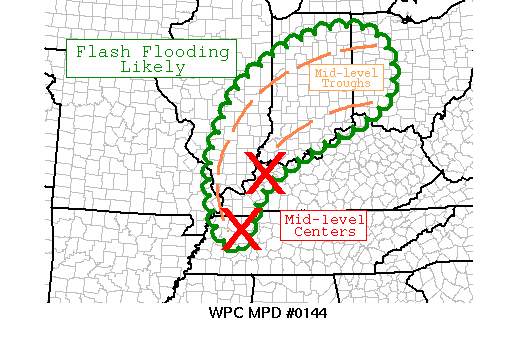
AREAS AFFECTED......OHIO VALLEY...

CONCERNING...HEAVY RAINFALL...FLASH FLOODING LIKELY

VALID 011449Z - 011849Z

SUMMARY...FLASH FLOODING IS LIKELY ACROSS PORTIONS OF THE OHIO
VALLEY DUE TO NEARLY STATIONARY OR SLOW-MOVING HEAVY RAIN AND WET
ANTECEDENT CONDITIONS.

DISCUSSION...A DEEP PLUME OF MOISTURE...WITH PRECIPITABLE WATER
VALUES NEAR 1.5 INCHES... CONTINUES TO EXPERIENCE DEEP ASCENT
WITHIN PROXIMITY OF 2 DISTINCT ZONES OF CONVERGENCE OVER THE OHIO
VALLEY DENOTED AS MID-LEVEL TROUGHS ON THE MAP...WHICH ARE
ROTATING SLOWLY AROUND DUAL-MID LEVEL CENTERS OVER WESTERN
KENTUCKY AND TENNESSEE.  REGIONAL VAD WIND PROFILE DATA AND 12Z
RAOBS INDICATE LIGHT AND NEARLY UNIDIRECTIONAL FLOW THROUGH 300
MB...WITH RADAR LOOPS CONFIRMING NEARLY STATIONARY CONVECTIVE CELL
MOTION DUE TO THE PROPAGATION COMPONENT OFFSETTING THE ADVECTION
COMPONENT.  CLOSE EXAMINATION OF WATER VAPOR IMAGERY SHOWS A
SUBTLE BUT POTENTIALLY SIGNIFICANT LOBE OF ASCENT LIFTING SLOWLY
INTO PORTIONS OF SOUTHERN INDIANA AND ILLINOIS WITH VISIBLE
IMAGERY DISPLAYING POCKETS OF STRONGER INSOLATION CONTRIBUTING TO
FURTHER DESTABILIZATION.  RADAR LOOPS ARE CONFIRMING THE
ATMOSPHERIC RESPONSE THROUGH MORE VIGOROUS CONVECTIVE CELLS.

RADAR RAINFALL ESTIMATES OF 0.5 TO 1.0 INCHES PER HOUR...WITH
LOCAL VALUES OF 1.0 TO 1.75 INCHES PER HOUR...ARE EASILY
ATTAINABLE GIVEN THE DESCRIBED ANALYSIS.  GIVEN THAT HOURLY FLASH
FLOOD GUIDANCE VALUES AVERAGE 1.5 TO 2.0 INCHES ACROSS A BROAD
PORTION OF THE OHIO VALLEY...WITH EMBEDDED BUT SMALLER AREAS OF
0.75 TO 1.5 INCHES...THE PROBABILITY OF EXCEEDING FLASH FLOOD
GUIDANCE IS ESTIMATED TO BE ABOVE 80 PERCENT.